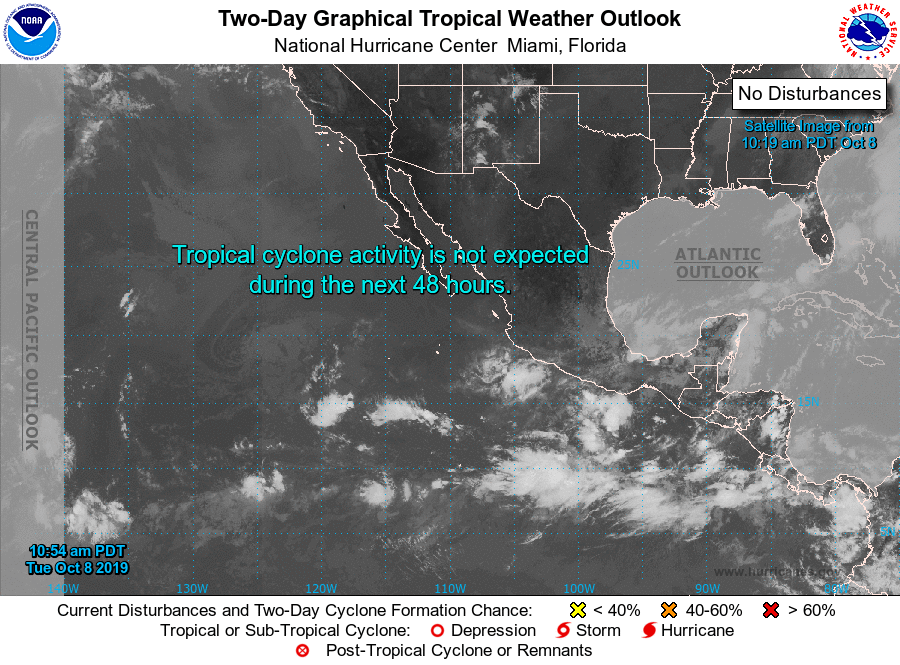
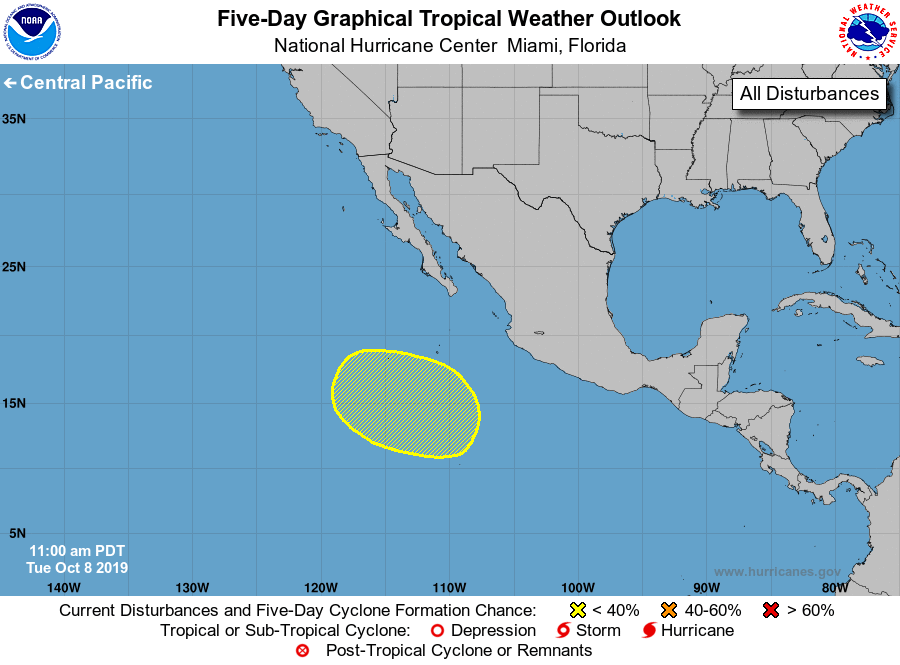
For the eastern North Pacific...east of 140 degrees west longitude:

An area of low pressure is expected to form several hundred miles southwest of the western coast of Mexico at the end of the week. Environmental conditions appear conducive for some slow development over the weekend as the system moves west-northwest to northwest at 5 to 10 mph.

1.
* Formation chance through 48 hours...low...near 0 percent.
* Formation chance through 5 days...low...30 percent.

Forecaster Roberts